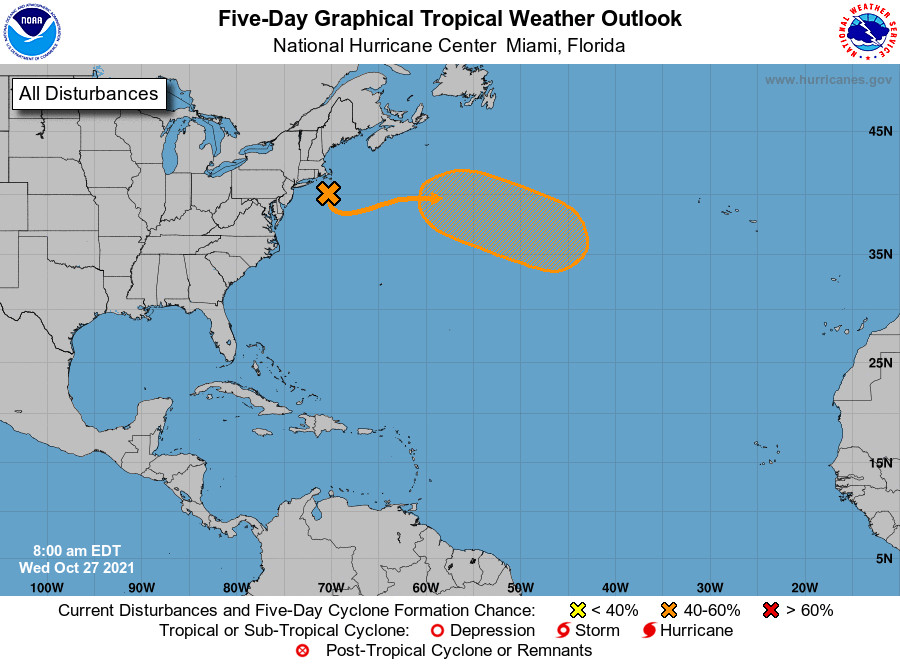
For the North Atlantic...Caribbean Sea and the Gulf of Mexico:

1. A deep, non-tropical low pressure system with storm-force winds is centered about 100 miles south of Cape Cod, Massachusetts. The extratropical low is expected to meander off of the mid-Atlantic and northeastern U.S. coasts today, bringing rain and wind impacts to portions of those areas. Thereafter, the low is expected to move eastward away from the United States, and it could acquire some subtropical characteristics while it moves eastward or southeastward over the warmer waters of the central Atlantic through this weekend. For more information on this system, including storm warnings, see products issued by your local National Weather Service office and High Seas Forecasts issued by the National Weather Service.
* Formation chance through 48 hours...low...10 percent.
* Formation chance through 5 days...medium...40 percent.

High Seas Forecasts issued by the National Weather Service can be found under AWIPS header NFDHSFAT1, WMO header FZNT01 KWBC, and online at ocean.weather.gov/shtml/NFDHSFAT1.php

Forecaster Hagen/Latto